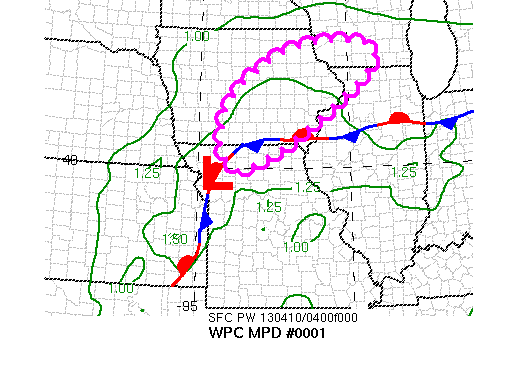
AREAS AFFECTED...NORTHER MO..SOUTHERN/EASTERN IA..SW WI..NW IL

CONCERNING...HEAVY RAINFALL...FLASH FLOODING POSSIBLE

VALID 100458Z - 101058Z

SUMMARY:  FLASH FLOOD THREAT INCREASING FROM NORTHERN MISSOURI
INTO PARTS OF SOUTHERN/EASTERN IOWA..NW ILLINOIS..SW WI THROUGH
REMAINDER OF THE OVERNIGHT.

DISCUSSION:  AT 0400 UTC...RADAR INDICATED AN EXPANDING NE/SW BAND
OF THUNDERSTORMS DEVELOPING IN THE WARM SECTOR AHEAD OF A
QUASI-STATIONARY FRONT EXTENDING NEWD FROM EASTERN KANSAS INTO
SOUTHERN IOWA..WHERE IT BECOMES MORE EAST-WEST ORIENTED INTO NRN
ILLIOS.  THIS AREA OF THUNDERSTORMS WAS DEVELOPING ALONG AN AXIS
OF HIGHER PWS BETWEEN 1.25 AND 1.4 INCHES OVER ERN KANSAS AND
WESTERN MO.  OVER THE NEXT SEVERAL HOURS...EXPECT THESE STORMS TO
EXPAND NORTHEASTWARD INTO SOUTHERN IOWA INTO PARTS OF NW ILLINOIS
AND EXTREME SOUTHERN WI.  THERE ARE INDICATIONS THAT ORGANIZED
HEAVIER RAIN BAND FARTHER NORTH OVER NORTHWEST IOWA WILL CONTINUE
TO SINK SOUTHEASTWARD INCREASING THREAT OF POTENTIAL MERGER WITH
ACTIVITY WORKING NORTHWARD OVER MO. THIS COULD LEAD TO A PERIOD OF
STRONG TSTMS WITH POSSIBLE TRAINING OF CELLS NORTH OF THE E/W
FRONT AS MOIST LOW LEVEL SE FLOW CONTINUES TO FEED HIER PWS OVER
THE BOUNDARY.  CURRENT THINKING IS SOME LOCAL SHORT TERM RAINFALL
AMOUNTS OF 1 TO 1.5 INCHES COULD OCCUR ACROSS THE OUTLOOK AREA
OVER THE NEXT 3 TO 6 HOURS.